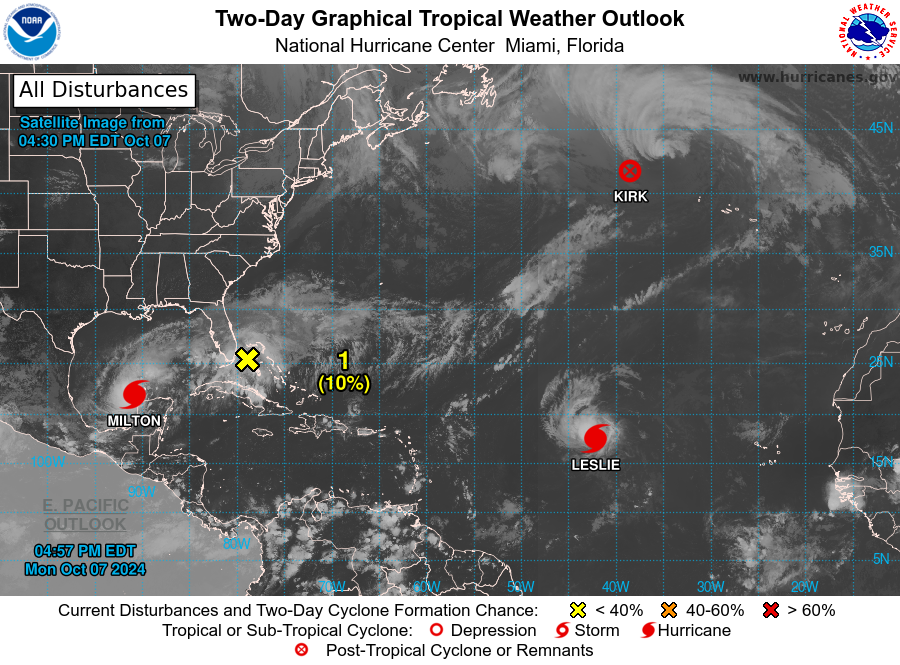
For the North Atlantic...Caribbean Sea and the Gulf of Mexico:

Active Systems: The National Hurricane Center is issuing advisories on Hurricane Leslie, located over the central tropical Atlantic Ocean, on Hurricane Milton, located over the southwestern Gulf of Mexico, and has issued the final advisory on Post-Tropical Cyclone Kirk, located over the North Atlantic Ocean.

1. Southwestern Atlantic: An area of disturbed weather located across portions of South Florida, the Florida Straits and the northwestern Bahamas is expected to move northeastward, where an area of low pressure could form near the northwestern Bahamas. Some limited tropical or subtropical development is possible while the low moves northeastward to east-northeastward around 15 mph. However, upper-level winds are likely to increase in a couple days, which should prevent any further development.
* Formation chance through 48 hours...low...10 percent.
* Formation chance through 7 days...low...10 percent.

2. Far Eastern Tropical Atlantic: A tropical wave is expected to move off the west coast of Africa in a couple days. Afterward, environmental conditions appear marginally favorable for some slow development of this system while it moves westward or west-northwestward across the eastern tropical Atlantic. The system is expected to move near or over the Cabo Verde Islands on Thursday or early Friday, and interests there should monitor its progress.
* Formation chance through 48 hours...low...near 0 percent.
* Formation chance through 7 days...low...30 percent.

Forecaster Hagen